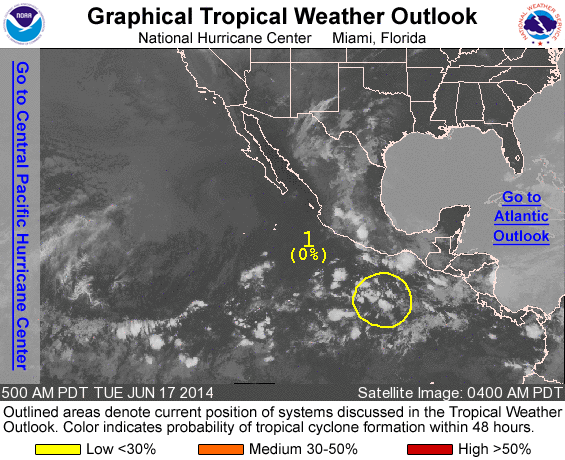
For the eastern North Pacific...east of 140 degrees west longitude:

1. Disorganized cloudiness and showers located several hundred miles south-southeast of Acapulco, Mexico, are associated with a trough of low pressure. Although development is not anticipated during the next couple of days, some gradual development of this system is possible later this week while it moves westward or west- northwestward at 5 to 10 mph.
* Formation chance through 48 hours...low...near 0 percent.
* Formation chance through 5 days...medium...30 percent.

Forecaster Brown